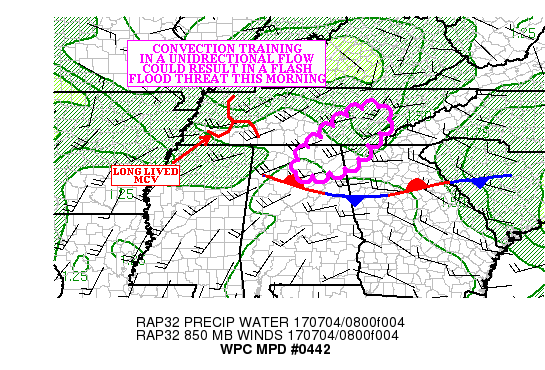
AREAS AFFECTED...NORTHERN AL AND NEARBY SOUTHERN TN...FAR
NORTHWEST GA

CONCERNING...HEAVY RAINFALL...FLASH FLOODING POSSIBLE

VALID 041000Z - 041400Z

SUMMARY...CONVECTION TRAINING IN A UNIDIRECTIONAL FLOW AHEAD OF A
LONG LIVED MCV COULD RESULT IN FLASH FLOODING THIS MORNING.

DISCUSSION...CONVECTION STRETCHING FROM NORTHERN MS ACROSS
NORTHERN AL INTO NEARBY SOUTHERN TN IS BEGINNING TO TRAINING IN A
UNIDIRECTIONAL FLOW AHEAD OF A LONG LIVED MCV OVER WESTERN TN.
AHEAD OF THE MCV...AN AXIS OF 500-1000 J/KG MUCAPE EXTENDS FROM
NORTHERN AL INTO CENTRAL AND EASTERN TN...AND THE CONVECTION IS
ORGANIZING IN THE AXIS OF INSTABILITY...IN THE SYNOPTIC SCALE
ASCENT AHEAD OF THE MCV.

THE KHUN RADAR SHOWED HOURLY RAINFALL RATES NEAR 1.50 INCHES WITH
THE CURRENT CONVECTION. RAP MODEL SOUNDINGS AHEAD OF THE MCV
SHOWED UNIDIRECTIONAL FLOW FROM THE SURFACE THROUGH AT LEAST 700
MB...WITH WET BULB ZERO VALUES CLOSE TO THE FREEZING
LEVEL...INFERRING WARM CLOUD PROCESSES ARE BECOME A FACTOR IN
RAINFALL EFFICIENCY.

MUCH OF THE HIGH RESOLUTION GUIDANCE (INCLUDING THE MOST RECENT
HRRR AND EXPERIMENTAL HRRR) WAS AN HOUR OR TWO SLOWER THAN
REALITY...FIRING THE CONVECTION FURTHER WEST ACROSS WESTERN AND
CENTRAL TN. THERE IS A SIGNAL IN THE HIGH RESOLUTION GUIDANCE FOR
LOCAL 2.00 TO 3.00 INCH RAINFALL AMOUNTS IN THE UNIDIRECTIONAL
FLOW...AND BASED ON THE RAINFALL RATES ON THE KHUN RADAR...THESE
AMOUNTS APPEAR REASONABLE. ONE AND THREE HOUR FLASH FLOOD GUIDANCE
VALUES ARE AS LOW AS 1.50 INCHES...SO FLASH FLOODING IS POSSIBLE.